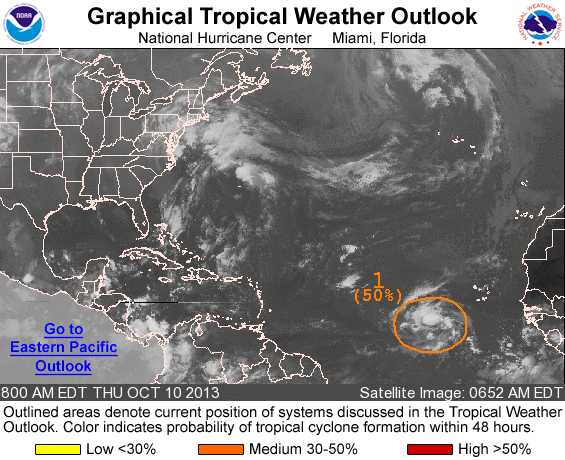
FOR THE NORTH ATLANTIC...CARIBBEAN SEA AND THE GULF OF MEXICO...

1. CLOUDINESS AND SHOWERS ASSOCIATED WITH A BROAD AREA OF LOW PRESSURE IN THE FAR EASTERN ATLANTIC...ABOUT SEVERAL HUNDRED MILES SOUTHWEST OF THE CAPE VERDE ISLANDS...HAVE BECOME A LITTLE BETTER ORGANIZED THIS MORNING. THERE IS THE POTENTIAL FOR A TROPICAL DEPRESSION TO FORM LATER TODAY OR TOMORROW BEFORE UNFAVORABLE UPPER-LEVEL LEVEL WINDS BECOME ESTABLISHED NEAR THE DISTURBANCE. THIS SYSTEM HAS A MEDIUM CHANCE...50 PERCENT...OF BECOMING A TROPICAL CYCLONE DURING THE NEXT 48 HOURS...AND A MEDIUM CHANCE...50 PERCENT...OF BECOMING A TROPICAL CYCLONE DURING THE NEXT 5 DAYS WHILE IT MOVES WESTWARD TO WEST-NORTHWESTWARD AT AROUND 10 MPH.

FIVE-DAY FORMATION PROBABILITIES ARE EXPERIMENTAL IN 2013. COMMENTS ON THE EXPERIMENTAL FORECASTS CAN BE PROVIDED AT...

HTTP://WWW.NWS.NOAA.GOV/SURVEY/NWS-SURVEY.PHP?CODE=ETWO

FORECASTER AVILA